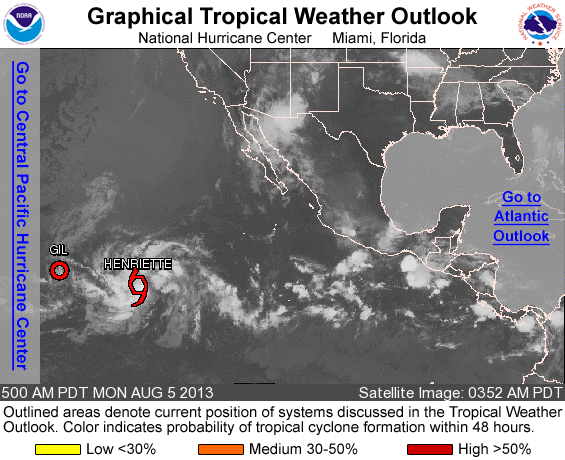
FOR THE EASTERN NORTH PACIFIC...EAST OF 140 DEGREES WEST LONGITUDE..

THE NATIONAL HURRICANE CENTER IS ISSUING ADVISORIES ON TROPICAL DEPRESSION GIL AND TROPICAL STORM HENRIETTE...BOTH LOCATED FAR TO THE SOUTHWEST OF THE BAJA CALIFORNIA PENINSULA.

TROPICAL CYCLONE FORMATION IS NOT EXPECTED DURING THE NEXT 48 HOURS.

OTHER SYSTEMS WITH FORMATION POTENTIAL BEYOND 48 HOURS...

A BROAD LOW PRESSURE AREA IS FORECAST TO FORM WELL OFFSHORE OF THE COAST OF MEXICO BY LATE WEEK. SOME DEVELOPMENT OF THIS SYSTEM IS POSSIBLE...AND IT HAS A LOW CHANCE...NEAR 0 PERCENT...OF BECOMING A TROPICAL CYCLONE DURING THE NEXT 48 HOURS...AND A LOW CHANCE...20 PERCENT...OF BECOMING A TROPICAL CYCLONE DURING THE NEXT 5 DAYS.

&&
FIVE-DAY FORMATION PROBABILITIES ARE EXPERIMENTAL IN 2013. COMMENTS ON THE EXPERIMENTAL FORECASTS CAN BE PROVIDED AT...

HTTP://WWW.NWS.NOAA.GOV/SURVEY/NWS-SURVEY.PHP?CODE=ETWO

FORECASTER BROWN